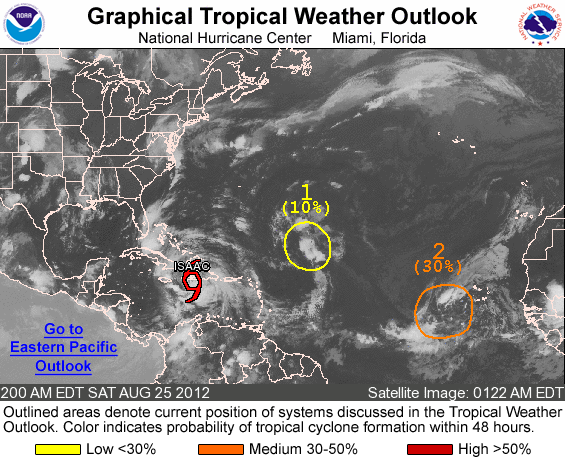
FOR THE NORTH ATLANTIC...CARIBBEAN SEA AND THE GULF OF MEXICO...

THE NATIONAL HURRICANE CENTER IS ISSUING ADVISORIES ON TROPICAL STORM ISAAC...LOCATED ABOUT 55 MILES SOUTHWEST OF PORT AU PRINCE HAITI.

1. A WEAK AREA OF LOW PRESSURE...THE REMNANTS OF TROPICAL DEPRESSION JOYCE...IS LOCATED ABOUT 750 MILES EAST-NORTHEAST OF THE LEEWARD ISLANDS. ENVIRONMENTAL CONDITIONS DO NOT APPEAR FAVORABLE FOR THE REMNANT LOW TO REGENERATE INTO A TROPICAL CYCLONE DURING THE NEXT COUPLE OF DAYS. THIS SYSTEM HAS A LOW CHANCE...10 PERCENT...OF BECOMING A TROPICAL CYCLONE AGAIN DURING THE NEXT 48 HOURS AS IT MOVES WEST-NORTHWESTWARD TO NORTHWESTWARD AT ABOUT 20 MPH.

2. THERE HAS BEEN LITTLE CHANGE IN THE SHOWER AND THUNDERSTORM ACTIVITY ASSOCIATED WITH A BROAD AREA OF LOW PRESSURE CENTERED ABOUT 300 MILES SOUTHWEST OF THE CAPE VERDE ISLANDS. ENVIRONMENTAL CONDITIONS ARE MARGINALLY CONDUCIVE FOR DEVELOPMENT AS THE SYSTEM MOVES TOWARD THE WEST-NORTHWEST AT 10 TO 15 MPH. THIS SYSTEM HAS A MEDIUM CHANCE...30 PERCENT...OF BECOMING A TROPICAL CYCLONE DURING THE NEXT 48 HOURS.

ELSEWHERE...TROPICAL CYCLONE FORMATION IS NOT EXPECTED DURING THE NEXT 48 HOURS.

FORECASTER SCHAUER/ROBERTS